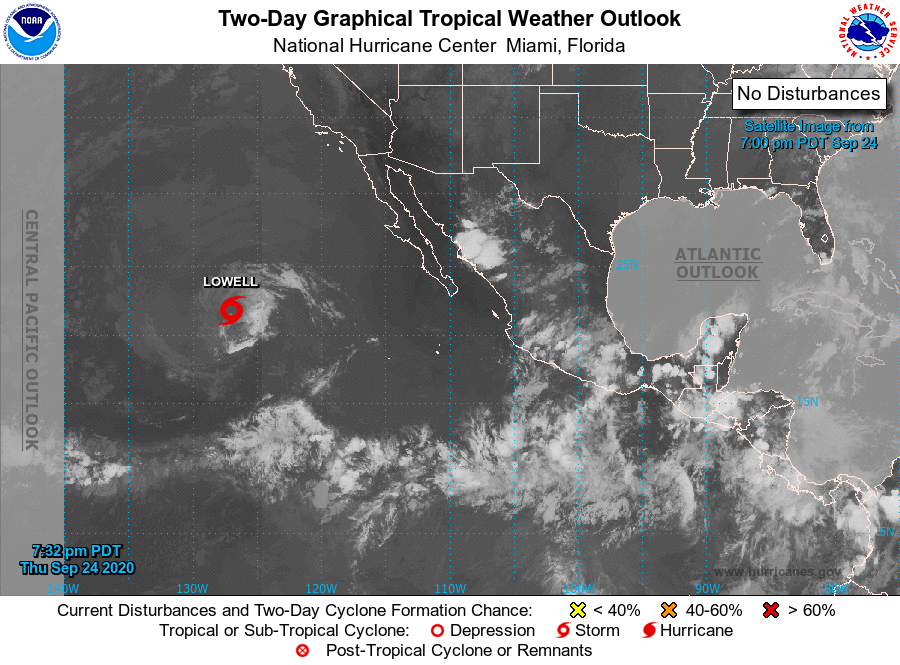
For the eastern North Pacific...east of 140 degrees west longitude:

The National Hurricane Center is issuing advisories on Tropical Storm Lowell, located about 1000 miles west of the southern tip of the Baja California peninsula.

1. An area of low pressure is expected to form south or southwest of the southwest coast of Mexico early next week. Some gradual development will be possible thereafter while the system moves generally west-northwestward.
* Formation chance through 48 hours...low...near 0 percent.
* Formation chance through 5 days...low...30 percent.

Forecaster Beven